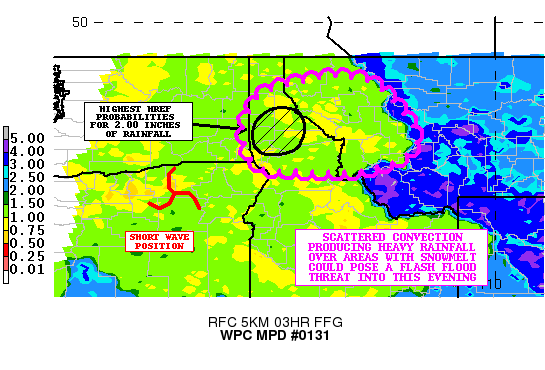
AREAS AFFECTED...NORTHERN ID...WESTERN MT

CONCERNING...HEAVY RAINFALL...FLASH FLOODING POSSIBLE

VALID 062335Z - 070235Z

SUMMARY...SCATTERED CONVECTION PRODUCING LOCALLY HEAVY RAINFALL
OVER AREAS EXPERIENCING SNOWMELT COULD POSE A FLASH FLOOD THREAT
INTO THE EARLY EVENING HOURS.

DISCUSSION...REGIONAL RADARS SHOWED AN INCREASING AREA OF
SCATTERED CONVECTION EXTENDING FROM NORTHEAST OR ACROSS NORTH
CENTRAL ID INTO SOUTHWESTERN MT THIS AFTERNOON. THE GOES-16 CLEAN
IR LOOP HAS SHOWN STEADILY COOLING TOPS WITH THE CONVECTION FROM
NORTH CENTRAL ID INTO WESTERN MT...WITH CLOUD TOPS TEMPERATURES
NEAR -65 CELSIUS.

THE CONVECTION WAS FORMING IN AN AREA OF 500-1000 J/KG OF MLCAPE
(WITH SOME LOW LEVEL CIN STILL IN PLACE)...WITHIN AN AXIS OF
0.75/1.00 INCH PRECIPITABLE WATER AIR (WHICH IS ABOUT TWO STANDARD
DEVIATIONS ABOVE THE MEAN) EXTENDING FROM SOUTH CENTRAL WA INTO
SOUTHWEST MT. STEEPENING MID LEVEL LAPSE RATES AHEAD OF A SHORT
WAVE OVER NORTHEAST OR HAS RESULTED IN HAIL BEING THE PRIMARY
CONVECTIVE MODE THUS FAR...EVEN THOUGH KMSX RADAR SHOWED HOURLY
RAINFALL RATES NEAR 0.80 INCHES OVER NORTH CENTRAL ID.

AS THE SHORT WAVE SLOWLY CROSSES NORTHEAST OR AND SOUTHEAST WA
THIS EVENING... INCREASING DIVERGENCE SHOULD PROVIDE SUFFICIENT
SYNOPTIC SCALE ASCENT TO PROMOTE FURTHER CONVECTIVE DEVELOPMENT.
RAP SOUNDINGS SHOWED 500-1000 J/KG OF MLCAPE REMAINING IN PLACE
OVER NORTHERN AND CENTRAL ID/WESTERN MT THROUGH AT LEAST 07/03Z.
HOWEVER...THESE SOUNDINGS ALSO SHOWED LOW LEVEL CIN RETURNING BY
THAT TIME...CAUSING THE CONVECTION TO BECOME ELEVATED.

BEFORE 07/03Z...CONVECTION TRACKING FROM SOUTHWEST TO NORTHEAST IS
EXPECTED TO MOVE OVER AREAS WITH SNOWMELT OCCURRING. HOURLY
RAINFALL RATES THROUGH 07/03Z COULD APPROACH 1.00 INCHES...AND ANY
TRAINING IN THE QUASI UNIDIRECTIONAL FLOW IN THE MID LEVELS COULD
RESULT IN LOCAL 2.00 INCH RAINFALL AMOUNTS. THE 18Z HREF MEAN
SHOWED A 50 TO 70 PERCENT PROBABILITY OF 2.00 INCHES OVER NORTH
CENTRAL ID THROUGH 07/04Z.

LOCAL RAINFALL AMOUNTS THIS HIGH COULD POSE A FLASH FLOOD
THREAT...AS THE SNOWMELT HAS RESULTED IN ONE AND THREE HOUR FLASH
FLOOD VALUES OF LESS THAN AN INCH OVER NORTHERN ID INTO A PORTION
OF WESTERN MT. HEAVY RAINFALL IN THESE AREAS COULD RESULT IN FLASH
FLOODING...OR AN EXACERBATION OF ONGOING FLOODING.

THE OVERALL CONVECTIVE COVERAGE IN EXPECTED TO BEING DIMINISHING
AFTER 07/03Z...WHEN LOW LEVEL CIN INCREASES...AND THE INSTABILITY
BECOMES MORE ELEVATED.